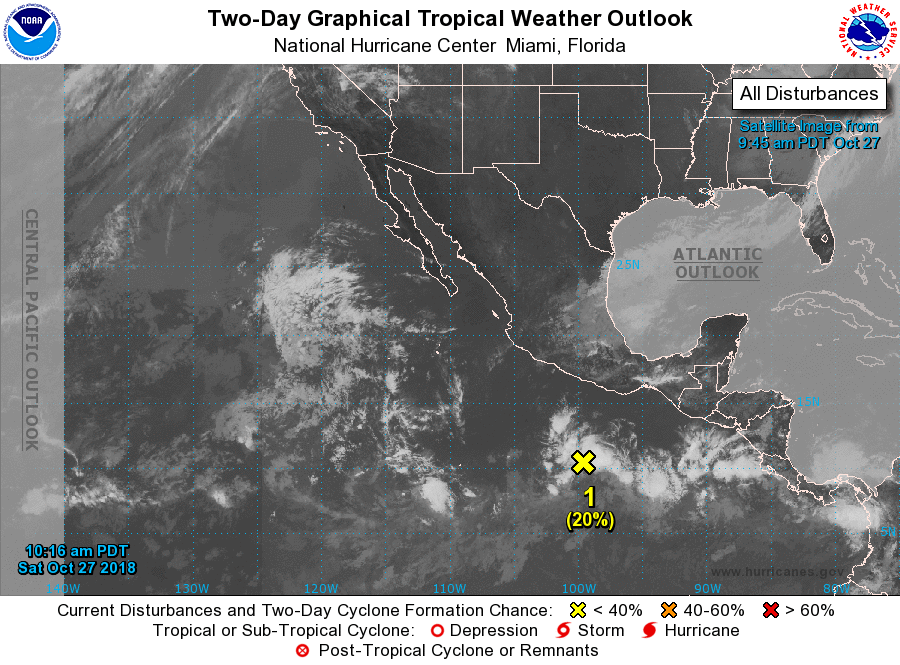
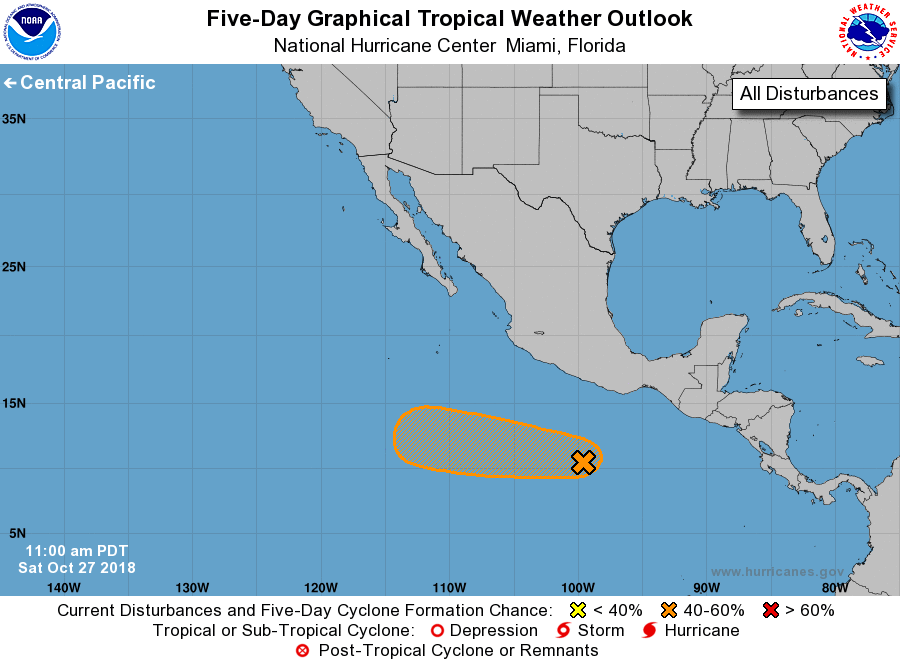
For the eastern North Pacific...east of 140 degrees west longitude:

1. A well-defined low pressure system located several hundred miles south of Acapulco, Mexico, has changed little during the past several hours. However, environmental conditions could become a little more conducive for some development of this system over the next few days while it moves westward at about 10 mph.
* Formation chance through 48 hours...low...20 percent.
* Formation chance through 5 days...low...40 percent.

Forecaster Stewart